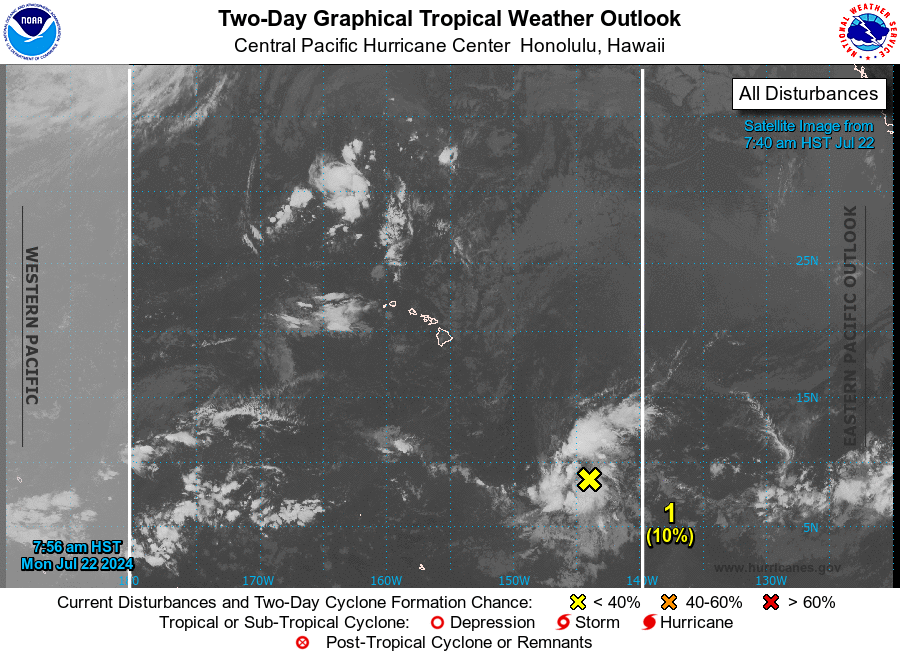
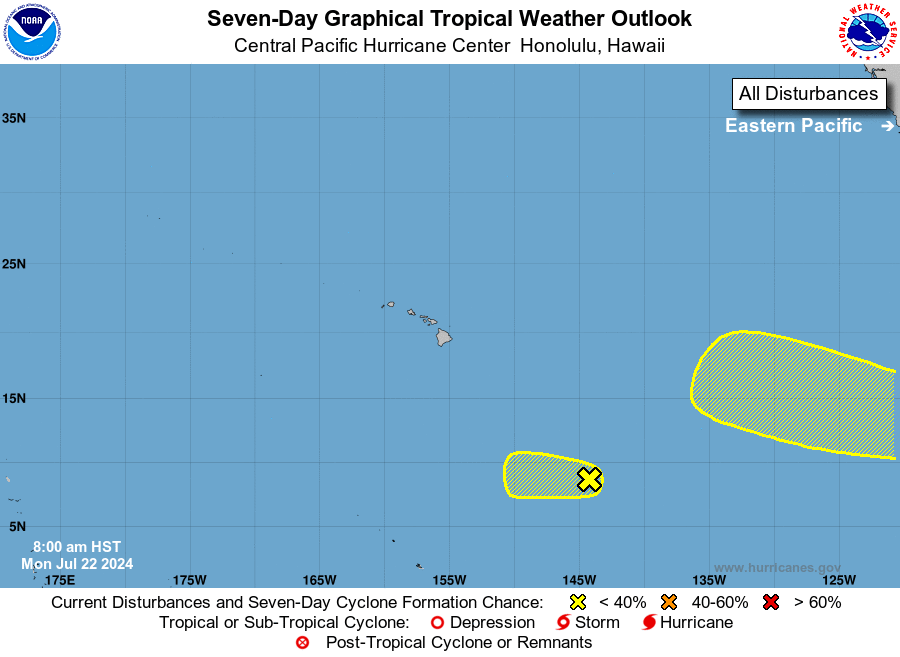
For the central North Pacific...between 140W and 180W:

1. Approximately 1,050 miles southeast of Hilo, Hawaii: A large area of disorganized showers and thunderstorms located over the far eastern portion of the central Pacific basin is associated with a trough of low pressure. Environmental conditions are forecast to be marginally conducive for some slow development during the next 24 hours. The disturbance is forecast to move westward at 10 to 15 mph. Strong upper-level winds are expected to inhibit further development by the middle of this week.
* Formation chance through 48 hours...low...10 percent.
* Formation chance through 7 days...low...10 percent.

Forecaster Kino